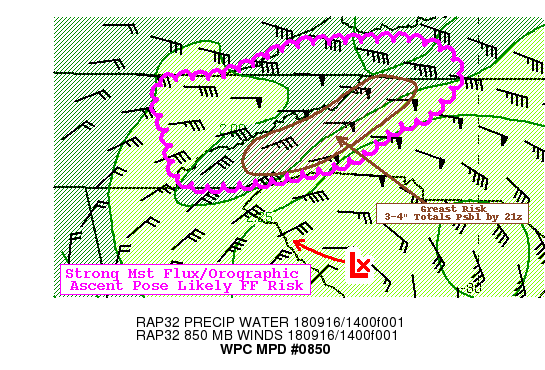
Areas affected...Eastern TN...Western NC...Southwestern VA...

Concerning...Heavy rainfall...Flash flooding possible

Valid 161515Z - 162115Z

SUMMARY...Strengthening orographic ascent will increase rainfall
rates and lead to likely flash flooding.  Sufficient mid-level
moisture may bleed over the western flanks posing some possible
flash flooding threat there too.

DISCUSSION...VWP network from KFCX and TCLT and RAP analysis
denote slight backing of the 925-850mb winds to nearly easterly
and even KMRX is showing signs of backing at 850mb after some
down-sloping.  Winds are also enhanced from 50-55kts and starting
to impinge nearing orthogonality (or forecast best intersection at
80 to 90 degrees).  This low level jet streak is accompanied by
enhanced moisture flux with total PWATs in excess of 2" with CIRA
LPW SFC-850 values at an incredible 1.25" which suggests
orographic enhancement with .75-1"/hr possible over the next few
hours.  Totals of 3-4" are well within the realm of possibility
with some totals at higher peaks potentially higher, especially at
the nose of this jet from windward facing topography from the
NC/VA border to the NC/SC border  This should lead to rapid
response of streams and pose likely flash flooding in the next few
hours as denoted by the CANE river rising 7ft in less than 3hrs
per LSR from NWSFO GSP.

Given the moisture flux above 850mb, LPWs in the 850-7H range
still at .6-.75" and generally convergence due to the backing of
the winds, moderate rain showers along the western flanks of the
terrain into the Cumberland Plateau could reach 6-hour totals of
1-1.5" and potential runoff issues.